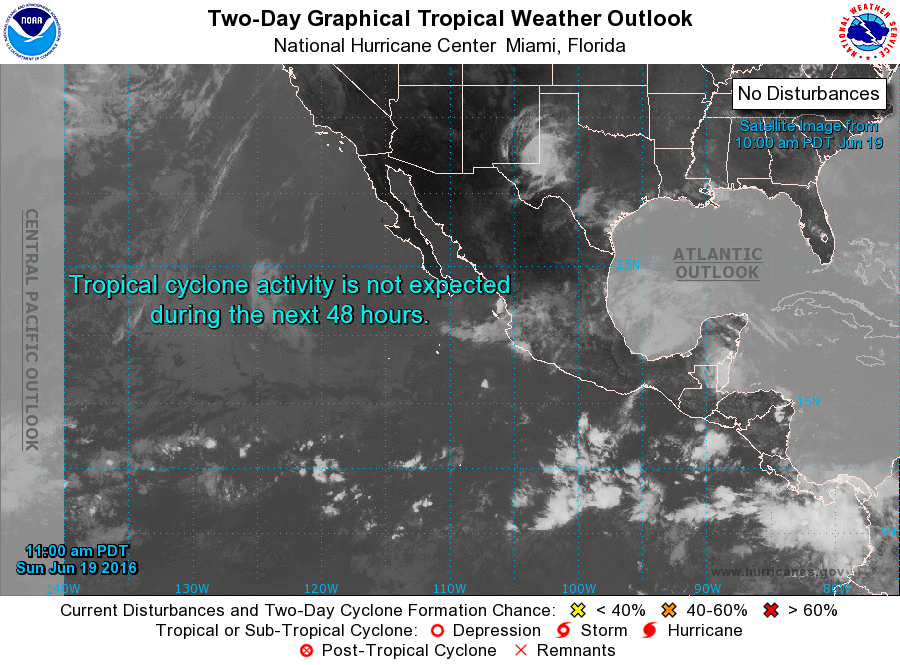
For the eastern North Pacific...east of 140 degrees west longitude:

Tropical cyclone formation is not expected during the next 5 days.

Forecaster Pasch